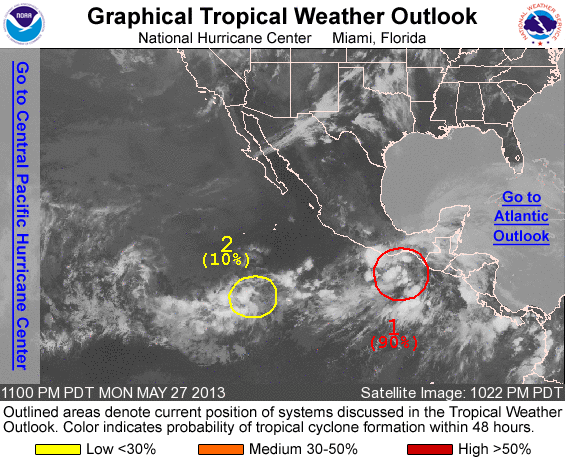
FOR THE EASTERN NORTH PACIFIC...EAST OF 140 DEGREES WEST LONGITUDE..

1. SATELLITE DATA AND SHIP REPORTS INDICATE A NEARLY STATIONARY LOW PRESSURE SYSTEM LOCATED ABOUT 190 MILES SOUTH OF SALINA CRUZ MEXICO IS GRADUALLY BECOMING BETTER DEFINED. ALTHOUGH ASSOCIATED SHOWER ACTIVITY DECREASED EARLIER TODAY...SATELLITE IMAGES INDICATE THAT THUNDERSTORM ACTIVITY HAS BEEN REDEVELOPING NEAR THE CENTER DURING THE PAST FEW HOURS. IF THIS RECENT DEVELOPMENT TREND CONTINUES... THEN THE FORMATION OF A TROPICAL DEPRESSION OR A TROPICAL STORM COULD OCCUR TUESDAY MORNING. THIS SYSTEM HAS A HIGH CHANCE...90 PERCENT...OF BECOMING A TROPICAL CYCLONE DURING THE NEXT 48 HOURS BEFORE IT MOVES NORTHWARD AND REACHES THE SOUTHERN COAST OF MEXICO. IF A TROPICAL CYCLONE FORMS...A TROPICAL STORM WARNING WOULD BE REQUIRED FOR A PORTION OF THE SOUTHEASTERN COAST OF MEXICO...AND INTERESTS IN THAT AREA SHOULD CONTINUE TO MONITOR THE PROGRESS OF THIS SYSTEM. REGARDLESS OF DEVELOPMENT...HEAVY RAINS ARE LIKELY OVER PARTS OF SOUTHERN MEXICO AND WESTERN CENTRAL AMERICA DURING THE NEXT FEW DAYS. THESE RAINS COULD PRODUCE LIFE-THREATENING FLASH FLOODS AND MUD SLIDES.

2. A WESTWARD-DRIFTING LOW PRESSURE SYSTEM LOCATED ABOUT 825 MILES SOUTHWEST OF MANZANILLO MEXICO CONTINUES TO PRODUCE DISORGANIZED SHOWERS AND THUNDERSTORMS. DEVELOPMENT...IF ANY...OF THIS SYSTEM SHOULD BE SLOW TO OCCUR...AND IT HAS A LOW CHANCE...10 PERCENT... OF BECOMING A TROPICAL CYCLONE DURING THE NEXT 48 HOURS.

ELSEWHERE...TROPICAL CYCLONE FORMATION IS NOT EXPECTED DURING THE NEXT 48 HOURS.

FORECASTER STEWART/KIMBERLAIN